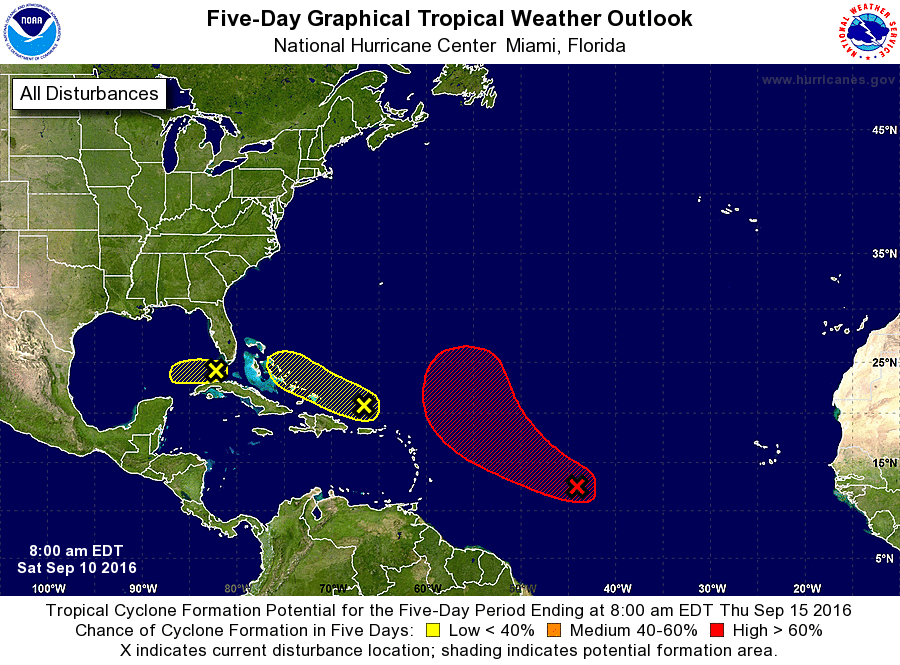
For the North Atlantic...Caribbean Sea and the Gulf of Mexico:

1. A broad area of low pressure is located a little more than 1000 miles east of the Lesser Antilles. Although the shower activity associated with the system has not become any better organized since yesterday, conditions are favorable for a tropical depression to form by early next week while this disturbance moves toward the west-northwest and then toward the northwest over the central Atlantic during the next several days.
* Formation chance through 48 hours...high...70 percent
* Formation chance through 5 days...high...90 percent

2. An area of cloudiness and thunderstorms located north of Puerto Rico and Hispaniola remains disorganized. Environmental conditions are not expected to be conducive for significant development of this system while it moves generally west-northwestward at around 15 mph.
* Formation chance through 48 hours...low...10 percent
* Formation chance through 5 days...low...10 percent

3. Satellite and radar data indicate that the weak area of low pressure located over the extreme southeastern Gulf of Mexico is producing limited shower activity. Upper-level winds are not favorable for development, and the low is forecast to weaken while it moves westward at 5 to 10 mph.
* Formation chance through 48 hours...low...10 percent
* Formation chance through 5 days...low...10 percent

Forecaster Avila